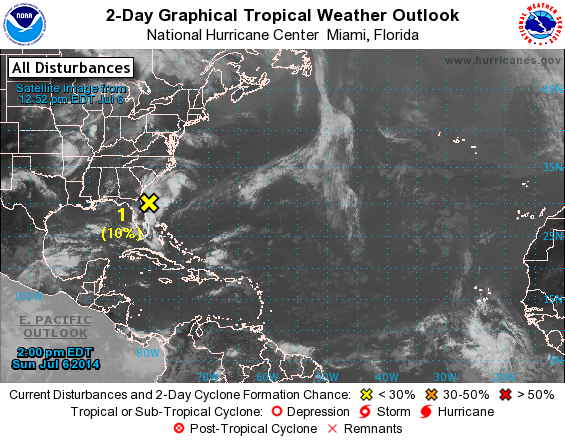
For the North Atlantic...Caribbean Sea and the Gulf of Mexico:

1. A weak surface trough just east of the coast of northeastern Florida is producing disorganized showers and thunderstorms. This system is expected to move northeastward around 15 mph over the next several days, and strong upper-level winds are likely to prevent significant development.
* Formation chance through 48 hours...low...10 percent.
* Formation chance through 5 days...low...10 percent.

Forecaster Pasch